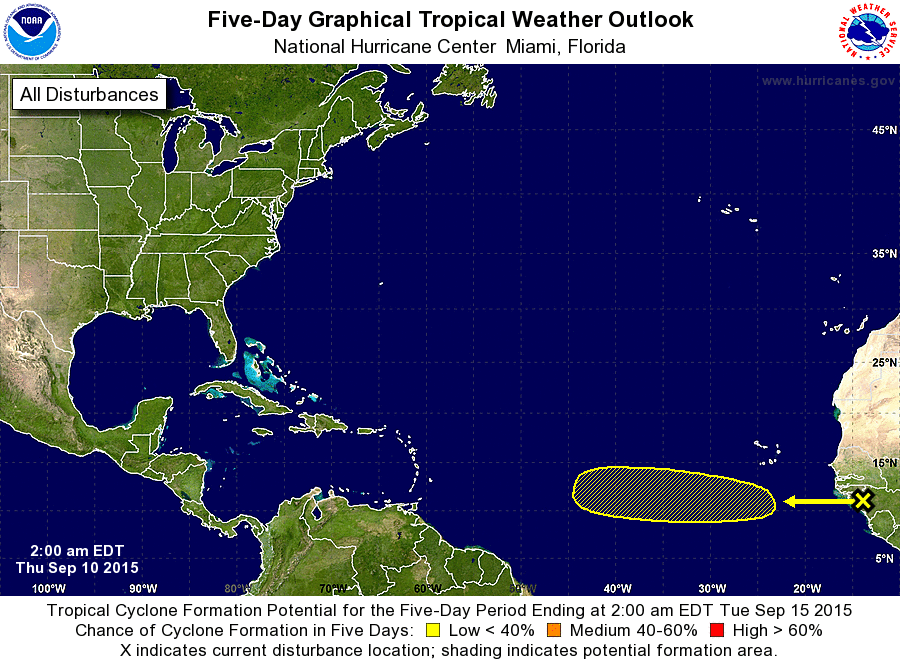
For the North Atlantic...Caribbean Sea and the Gulf of Mexico:

The National Hurricane Center is issuing advisories on recently upgraded Tropical Storm Henri, located a couple of hundred miles east-southeast of Bermuda.

1. A tropical wave is expected to move off the west coast of Africa later today. Some slow development of this wave is possible during the next several days while it moves westward across the tropical Atlantic at about 15 mph.
* Formation chance through 48 hours...low...near 0 percent
* Formation chance through 5 days...low...20 percent

Forecaster Cangialosi